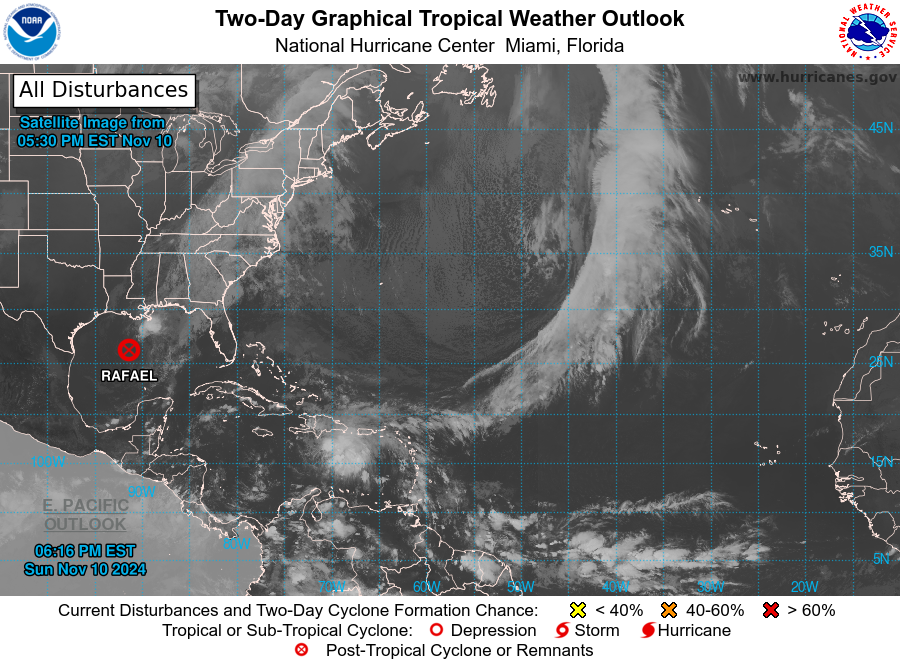
For the North Atlantic...Caribbean Sea and the Gulf of Mexico:

Active Systems: The National Hurricane Center has issued the last advisory on Post-Tropical Cyclone Rafael, located over the central Gulf of Mexico.

1. Southwestern Caribbean Sea: A broad area of low pressure will likely form over the southwestern Caribbean Sea in a few days. Some slow development is possible after that time while the system drifts westward.
* Formation chance through 48 hours...low...near 0 percent.
* Formation chance through 7 days...low...20 percent.

Forecaster Cangialosi